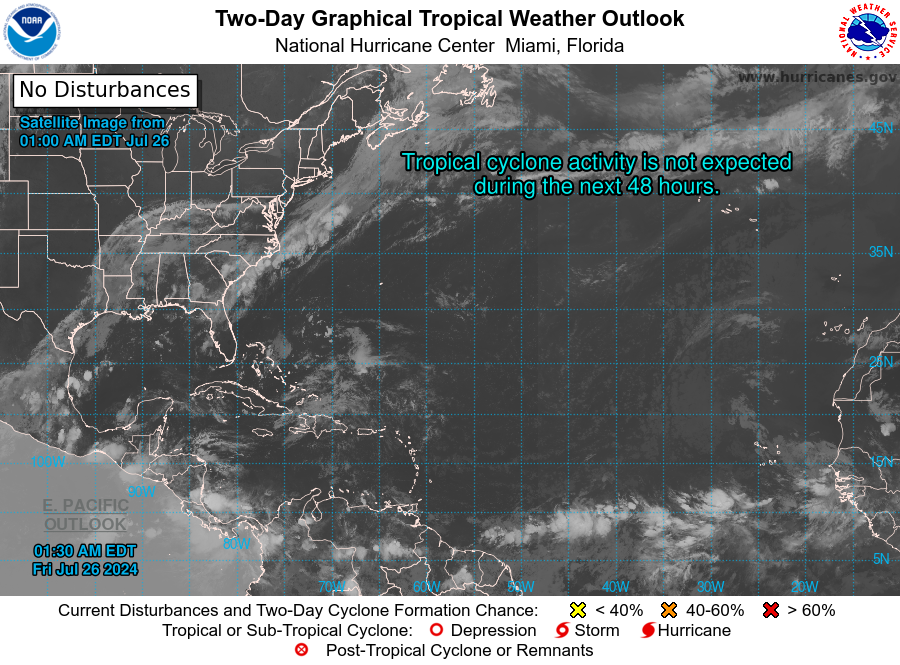
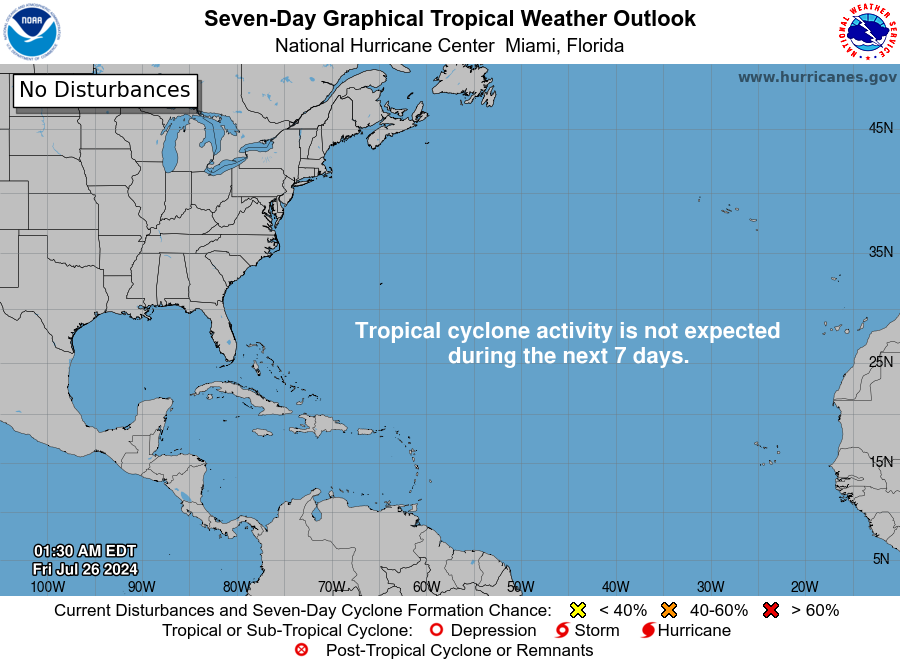
For the North Atlantic...Caribbean Sea and the Gulf of Mexico:

Tropical cyclone formation is not expected during the next 7 days.

Forecaster Beven